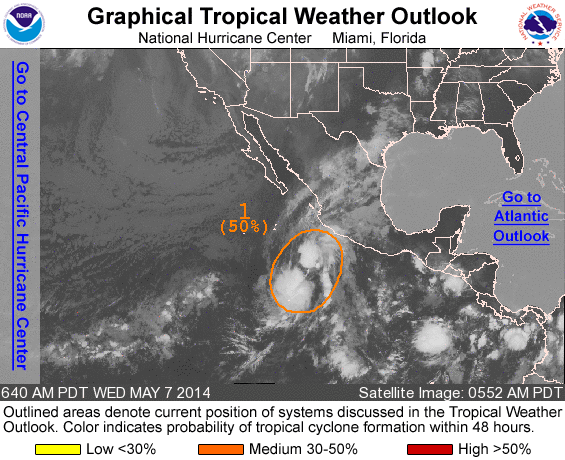
FOR THE EASTERN NORTH PACIFIC...EAST OF 140 DEGREES WEST LONGITUDE..

1. A BROAD AREA OF LOW PRESSURE LOCATED ABOUT 400 MILES SOUTH-SOUTHWEST OF MANZANILLO MEXICO IS PRODUCING A LARGE AREA OF CLOUDINESS AND THUNDERSTORMS. ALTHOUGH THE SYSTEM IS A LITTLE BETTER ORGANIZED THAN IT WAS YESTERDAY...SATELLITE DATA SUGGEST THAT IT STILL LACKS A WELL-DEFINED CENTER. ENVIRONMENTAL CONDITIONS ARE MARGINALLY CONDUCIVE FOR DEVELOPMENT TODAY...BUT UPPER-LEVEL WINDS ARE FORECAST TO BECOME LESS FAVORABLE BY THURSDAY WHILE THE SYSTEM MOVES NORTHEASTWARD TOWARD THE COAST OF SOUTHWESTERN MEXICO. THIS SYSTEM HAS A MEDIUM CHANCE...50 PERCENT...OF BECOMING A TROPICAL CYCLONE DURING THE NEXT 48 HOURS...AND A MEDIUM CHANCE...50 PERCENT...OF BECOMING A TROPICAL CYCLONE DURING THE NEXT 5 DAYS. REGARDLESS OF DEVELOPMENT...LOCALLY HEAVY RAINS WILL BEGIN TO AFFECT PORTIONS OF SOUTHWESTERN MEXICO TODAY.

ANOTHER SPECIAL TROPICAL WEATHER OUTLOOK WILL BE ISSUED BY 8 PM PDT TODAY...OR SOONER IF NECESSARY.

FORECASTER BROWN